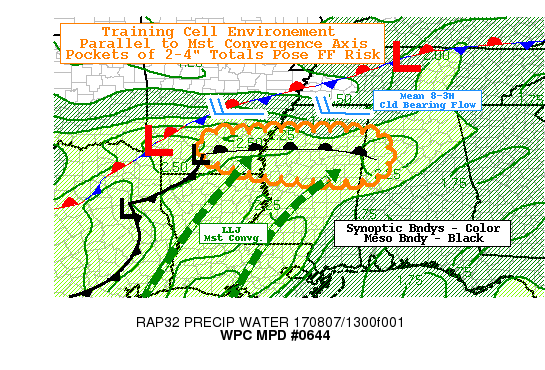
AREAS AFFECTED...SOUTHEAST AR...NORTHERN MS...WEST CENTRAL AL

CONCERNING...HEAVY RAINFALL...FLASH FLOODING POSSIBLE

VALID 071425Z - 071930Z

SUMMARY...MODEST ASCENT/INSTABILITY THOUGH A NARROW CORRIDOR WITH
TRAINING CELL MOTION PROFILE SUGGEST POSSIBLE FLASH FLOODING
CONCERNS.

DISCUSSION...COMPLEX SURFACE PATTERN DUE TO OVERNIGHT MCS ACROSS
AR INTO TX HAVE PRODUCED EFFECTIVE BOUNDARIES THAT WILL SERVE AS
FOCUS FOR MOISTURE CONVERGENCE TO SPARK ADDITIONAL CONVECTION.
STRONGER MCV/MESO LOW NEAR GGG IS CONNECTED TO WEAKER MESO
LOW/TRIPLE POINT NEAR CDH BEFORE EXTENDING NEAR DUE EAST AS A
MESO-WARM FRONT NORTH OF LLQ TO GLH TO GWO.

STRONG MCV IS PRESSING FURTHER EAST SUPPORTING SWLY LLJ ACROSS LA
TO FOCUS STRONGER MOISTURE CONVERGENCE ACROSS THIS EFFECTIVE WARM
FRONT IN AR AS FAR WEST AS NORTHEAST MS.  DEEP LAYERED CLOUD
BEARING FLOW IS GENERALLY PARALLEL (PERHAPS A SHADE NORTHEAST
FURTHER EAST IN MS/AL) TO THE BOUNDARY SUPPORTING A CONTINUED
TRAINING ENVIRONMENT.

CURRENTLY AND THROUGH THE NEXT 3-4 HOURS...LLJ IS EXPECTED TO
REMAIN FAIRLY WEAK AND INSTABILITY IS STILL TRYING TO RECHARGE BUT
REMAINS LIMITED TO AROUND 500-1000 J/KG...THOUGH CLEARING IN
CENTRAL MS SHOULD SUPPORT 2000+ J/KG TOWARD LATE MORNING/EARLY
AFTERNOON.  THIS SHOULD LIMIT THE OVERALL CONVECTIVE COVERAGE
ALONG THE BOUNDARY. STILL WITH CONFLUENT LOW LEVEL FLOW INTO THE
BOUNDARY...A POOL OF DEEPER MOISTURE IS AVAILABLE WITH TPWS AOA
2.2" PER SHV/JAN 12Z SOUNDINGS AND THE TRAINING PROFILE...THERE
REMAINS AN ISOLATED THREAT FOR RAIN RATES OF 1.75-2.25"/HR AND
POTENTIAL POCKETS OF 2-4" TOTALS.

HYDROLOGICALLY...THE EFFECTIVE BOUNDARY/TRAINING CORRIDOR IS VERY
CLOSE TO LOWERED FFG VALUES/SATURATED GROUND CONDITIONS FROM
GREENWOOD TO STARKVILLE MS WHERE AHPS DEPARTURE FROM NORMAL IS
ABOUT 300-500% OF NORMAL.  THREAT FOR FF ALSO INCREASES IF WARM
SECTOR/CLEARING ACROSS CENTRAL MS CONVECTS...IF SO RATES WILL BE
HIGHER 2-2.5" BUT ALSO SHIFT CONCERNS FOR FF SOUTH A LINE OR TWO
OF COUNTIES IN MS...AS SUCH BROADENED THE MPD AREA OF CONCERN
SOUTHWARD.